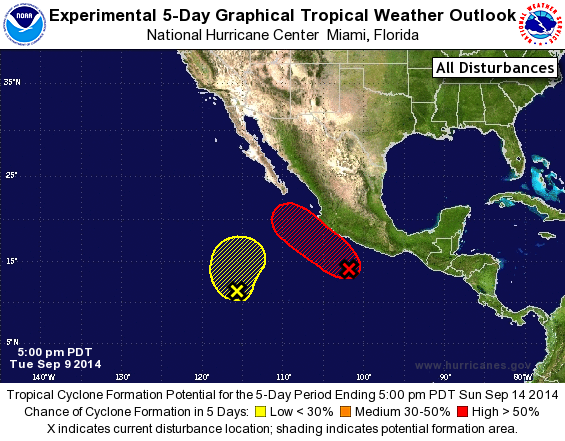
For the eastern North Pacific...east of 140 degrees west longitude:

1. Low pressure centered a couple hundred miles south-southwest of Acapulco, Mexico, continues to show signs of organization. Environmental conditions are conducive for additional development, and a tropical depression could form later tonight or on Wednesday while the low moves slowly northwestward just offshore the southwestern coast of Mexico.
* Formation chance through 48 hours...high...70 percent.
* Formation chance through 5 days...high...90 percent.

2. A small area of low pressure located about 875 miles south-southwest of the southern tip of the Baja California peninsula has become a little better organized during the day. However, significant development of this system is not anticipated while it moves generally northward and then northeastward during the next couple of days.
* Formation chance through 48 hours...low...20 percent.
* Formation chance through 5 days...low...20 percent.

Forecaster Berg